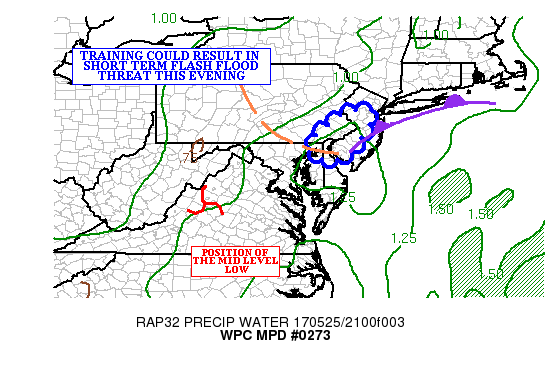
AREAS AFFECTED...FAR NORTHEAST MD..NORTHERN .DE...SOUTHEAST
PA...WESTERN NJ

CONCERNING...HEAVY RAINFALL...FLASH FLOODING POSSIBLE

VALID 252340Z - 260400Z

SUMMARY...TRAINING CONVECTION COULD RESULT IN A SHORT TERM FLASH
FLOOD THREAT THROUGH THE EVENING HOURS.

DISCUSSION...REGIONAL RADARS SHOWED A CONVECTIVE LINE MOVING NORTH
THROUGH NORTHERN MD AND SOUTHERN DE. THE MIDDLE OF THE
LINE...NEARING NORTHEAST MD...IS  ACCELERATING NORTHWARD AHEAD OF
A CLOSED MID LEVEL LOW OVER WESTERN VA.

THE CONVECTION IS MOVING THROUGH AN AREA OF 500-1000 J/KG OVER
THIS AREA...WHERE PRECIPITABLE WATER VALUES VALUES HAVE INCREASED
TO NEAR 1.25 INCHES AS THE LOW LEVEL INFLOW BACKS. THE KLWX RADAR
HAS INDICATED HOURLY RAINFALL RATES AS HIGH AS 2.00 INCHES...BUT
GIVEN THE DRY AIR IN THE MID LEVELS (PER RAP MODEL SOUNDINGS) AND
PRIOR SPOTTER REPORTS...THESE AMOUNTS COULD BE HAIL CONTAMINATED.

AS THE MID LEVEL CLOSED LOW TRACKS TOWARD NORTHERN VA THIS
EVENING...THE MID LEVEL FLOW BECOMES MORE UNIDIRECTIONAL
(SOUTHERLY) WITH TIME. THIS COULD ALLOW BULGE IN THE CURRENT
CONVECTION TO BECOME MORE NORTH/SOUTH ORIENTED. AS THE CONVECTION
BECOMES BETTER ALIGNED WITH THE MID LEVEL WINDS...TRAINING BECOMES
AN INCREASING POSSIBILITY.

THE LATEST HRRR (AND TO A LESSER EXTENT... THE EXPERIMENTAL
HRRR)...HAVE HAD A GOOD HANDLE ON THE CONVECTION THUS FAR. THESE
SOLUTIONS INDICATED LOCAL 1.50 TO 2.50 INCH RAINFALL AMOUNTS
ORIENTED NORTH/SOUTH ACROSS PORTIONS OF FAR NORTHERN DE...
SOUTHEAST PA AND NEARBY SOUTHWEST NJ (ESSENTIALLY ALONG THE
INTERSTATE 95 CORRIDOR).

ONE AND THREE HOUR FLASH FLOOD GUIDANCE VALUES ARE CLOSE TO THESE
VALUES. TRAINING WOULD BE NECESSARY FOR FLASH FLOODING TO
OCCUR...WHICH BECOMES INCREASING POSSIBLE...ESPECIALLY OVER
SOUTHEAST PA AND PORTIONS OF SOUTHWEST NJ THROUGH THE LATE EVENING
HOURS.